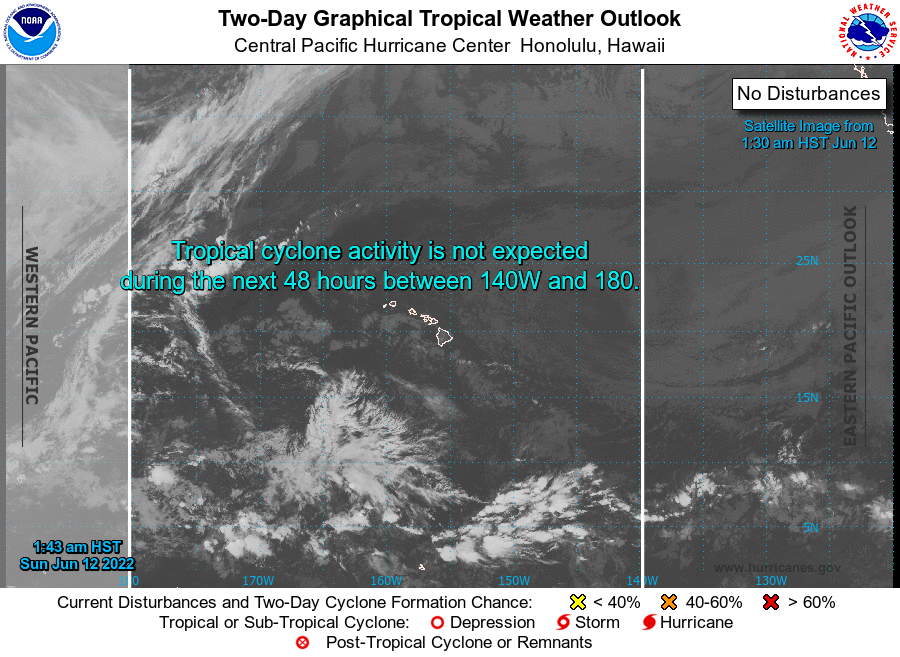
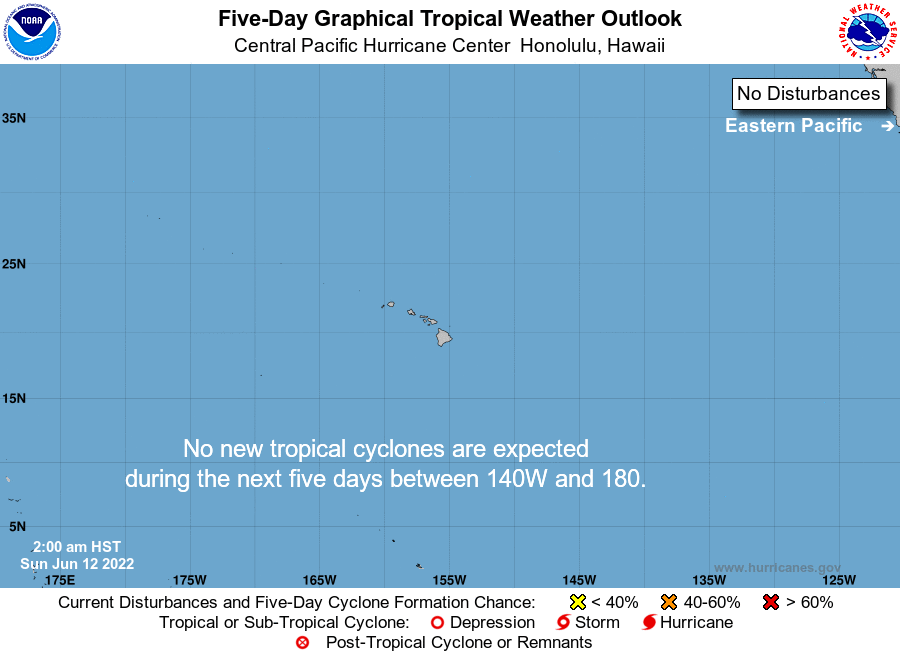
For the central North Pacific...between 140W and 180W:

No tropical cyclones are expected during the next 5 days.

Forecaster Bohlin